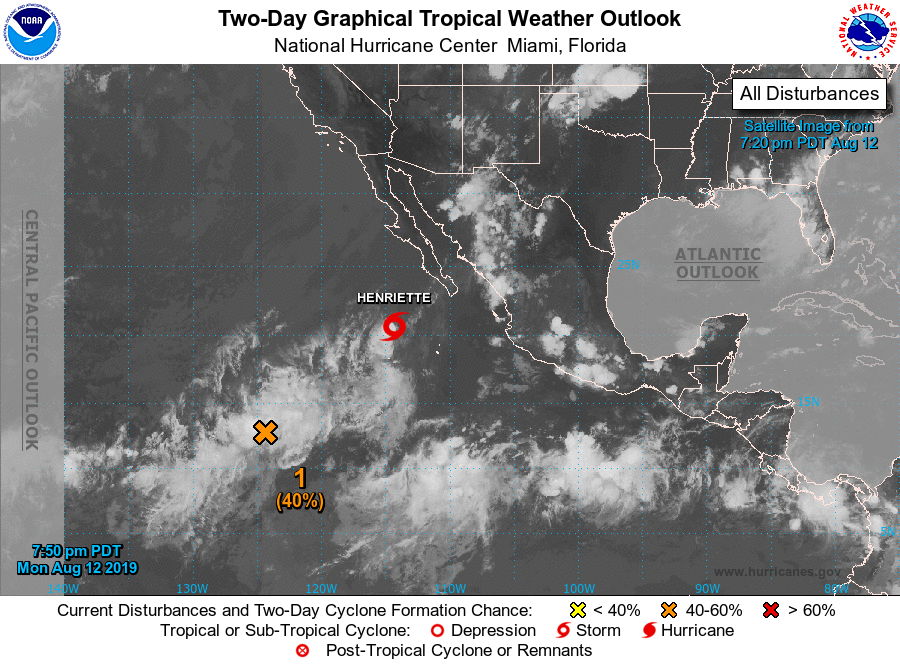
For the eastern North Pacific...east of 140 degrees west longitude:

The National Hurricane Center is issuing advisories on Tropical Storm Henriette, located a few hundred miles southwest of the southern tip of the Baja California peninsula.

1. Disorganized showers and thunderstorms located just over 1000 miles southwest of the southern tip of the Baja California peninsula are associated with a elongated trough of low pressure. Environmental conditions are forecast to be conducive for gradual development during the next few days, and a tropical depression is likely to form later this week while the system moves west-northwestward at 10 to 15 mph.
* Formation chance through 48 hours...medium...40 percent.
* Formation chance through 5 days...high...70 percent.

Public Advisories on Tropical Storm Henriette are issued under WMO header WTPZ34 KNHC and under AWIPS header MIATCPEP4. Forecast/Advisories on Tropical Storm Henriette are issued under WMO header WTPZ24 KNHC and under AWIPS header MIATCMEP4.

Forecaster Stewart